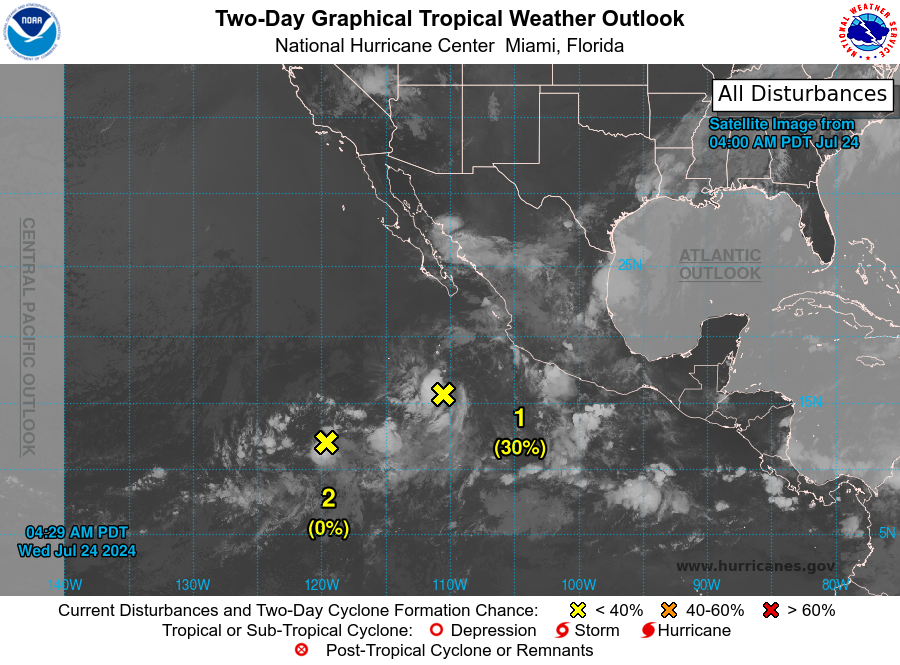
For the eastern North Pacific...east of 140 degrees west longitude:

1. Offshore Southwestern Mexico (EP93): Showers and thunderstorms associated with a broad area of low pressure located a few hundred miles southwest of Manzanillo, Mexico, have changed little in organization since yesterday. Environmental conditions could allow for some slow development over the next couple of days while the disturbance moves generally west-northwestward, remaining offshore of southwestern Mexico.
* Formation chance through 48 hours...low...30 percent.
* Formation chance through 7 days...low...30 percent.

2. Central and Western East Pacific: Shower and thunderstorm activity associated with a tropical wave located several hundred miles southwest of the southern tip of the Baja California Peninsula has diminished some since yesterday. Development of this system appears unlikely over the next few days while it moves westward to west-northwestward at 10 to 15 mph across the central and western portions of the basin.
* Formation chance through 48 hours...low...near 0 percent.
* Formation chance through 7 days...low...10 percent.

Forecaster Hagen/Berg